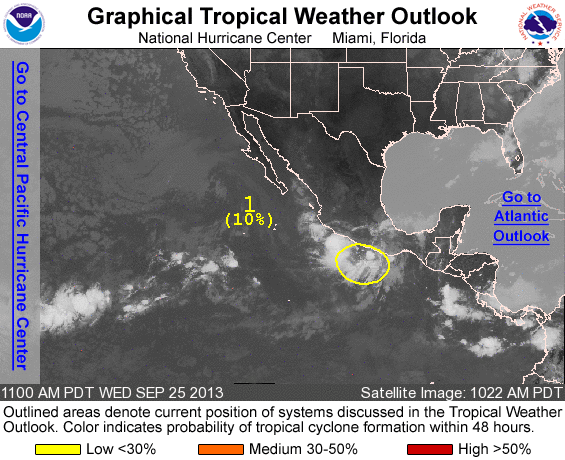
FOR THE EASTERN NORTH PACIFIC...EAST OF 140 DEGREES WEST LONGITUDE..

1. A WEAK AREA OF LOW PRESSURE LOCATED NEAR THE COAST OF SOUTH-CENTRAL MEXICO CONTINUES TO MOVE WEST-NORTHWESTWARD AROUND 10 MPH. THIS SYSTEM HAS CHANGED LITTLE IN ORGANIZATION THIS MORNING...AND DEVELOPMENT IS NOT LIKELY DURING THE NEXT COUPLE OF DAYS...IN PART DUE TO ITS PROXIMITY TO LAND. DEVELOPMENT APPEARS MORE LIKELY LATER THIS WEEK AFTER THE LOW MOVES FARTHER OFFSHORE. THIS SYSTEM HAS A LOW CHANCE...10 PERCENT...OF BECOMING A TROPICAL CYCLONE DURING THE NEXT 48 HOURS AND A MEDIUM CHANCE...50 PERCENT...OF BECOMING A TROPICAL CYCLONE DURING THE NEXT 5 DAYS. REGARDLESS OF DEVELOPMENT...LOCALLY HEAVY RAINS ARE POSSIBLE OVER PORTIONS OF SOUTHERN AND SOUTHWESTERN MEXICO DURING THE NEXT COUPLE OF DAYS.

FIVE-DAY FORMATION PROBABILITIES ARE EXPERIMENTAL IN 2013. COMMENTS ON THE EXPERIMENTAL FORECASTS CAN BE PROVIDED AT...

HTTP://WWW.NWS.NOAA.GOV/SURVEY/NWS-SURVEY.PHP?CODE=ETWO

FORECASTER KIMBERLAIN